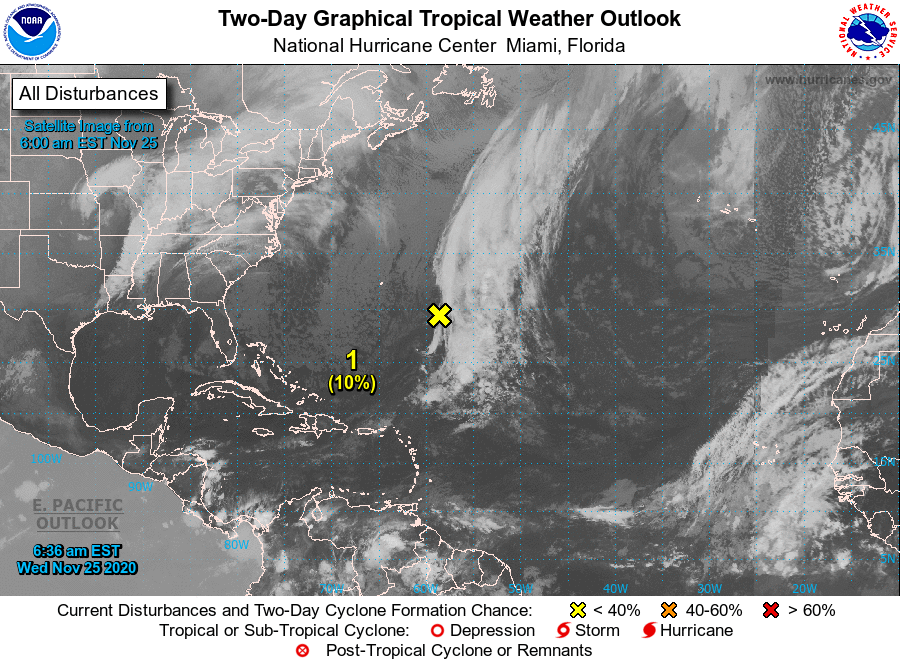
For the North Atlantic...Caribbean Sea and the Gulf of Mexico:

1. A low pressure area located along a frontal system several hundred miles east-southeast of Bermuda is producing disorganized cloudiness and showers, mainly east of its center. The low is expected to interact with an upper-level trough later today, detach from the front by Thursday, and then possibly acquire some subtropical characteristics on Friday while it moves southward over warmer waters. For more information on this system, see High Seas Forecasts issued by the National Weather Service.
* Formation chance through 48 hours...low...10 percent.
* Formation chance through 5 days...low...30 percent.

High Seas Forecasts issued by the National Weather Service can be found under AWIPS header NFDHSFAT1, WMO header FZNT01 KWBC, and online at ocean.weather.gov/shtml/NFDHSFAT1.php

Forecaster Brown